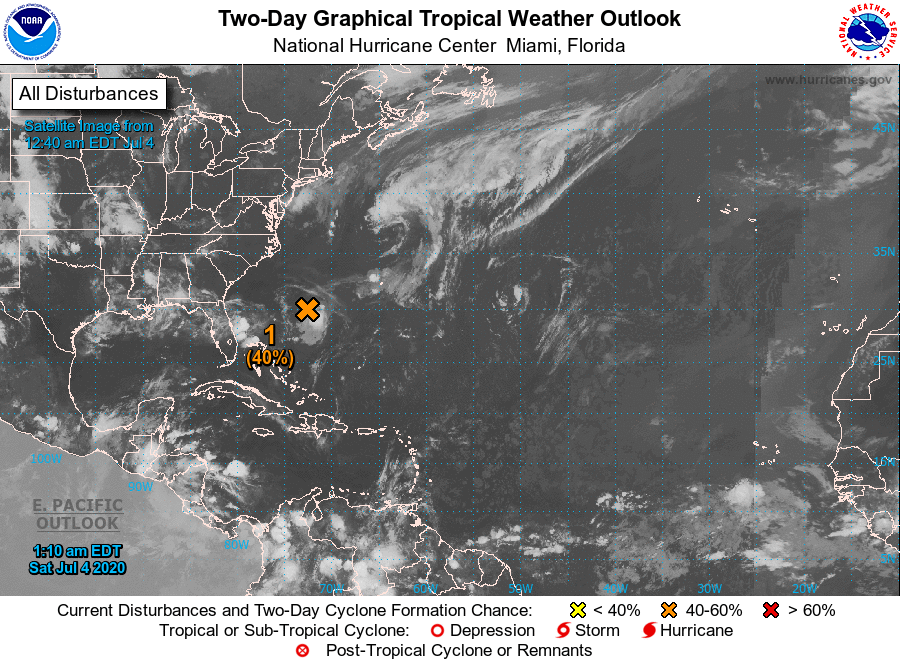
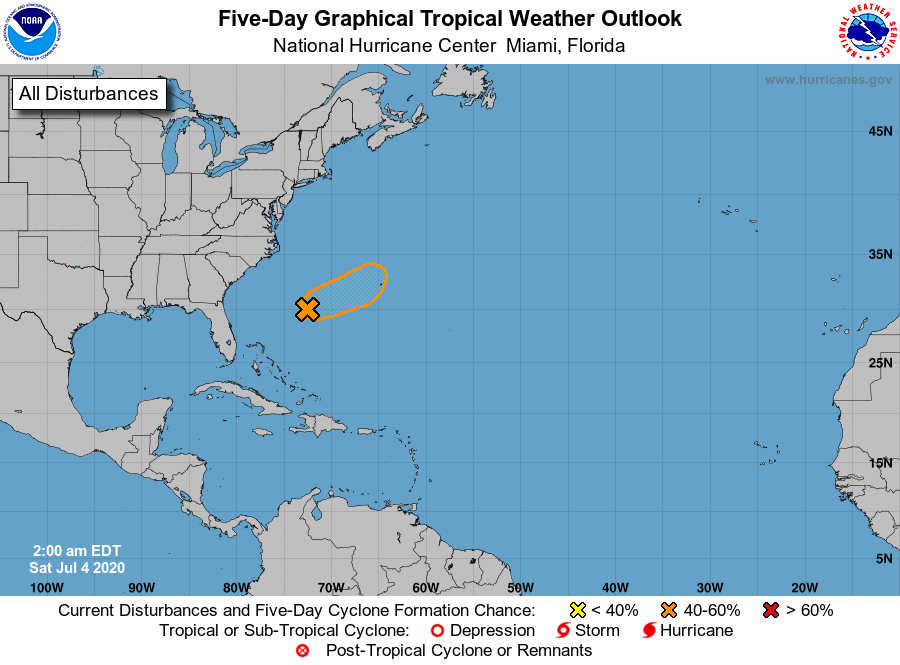
For the North Atlantic...Caribbean Sea and the Gulf of Mexico:

1. A small area of low pressure located about 400 miles west-southwest of Bermuda is producing some shower and thunderstorm activity. This system's low-level circulation has become better defined during the past several hours, and a tropical depression could form later today or Saturday evening while the system moves east-northeastward at about 15 mph. By Sunday night, however, environmental conditions are expected to become unfavorable for significant development to occur. Interests in Bermuda should monitor the progress of this system.
* Formation chance through 48 hours...medium...40 percent.
* Formation chance through 5 days...medium...40 percent.

Forecaster Blake